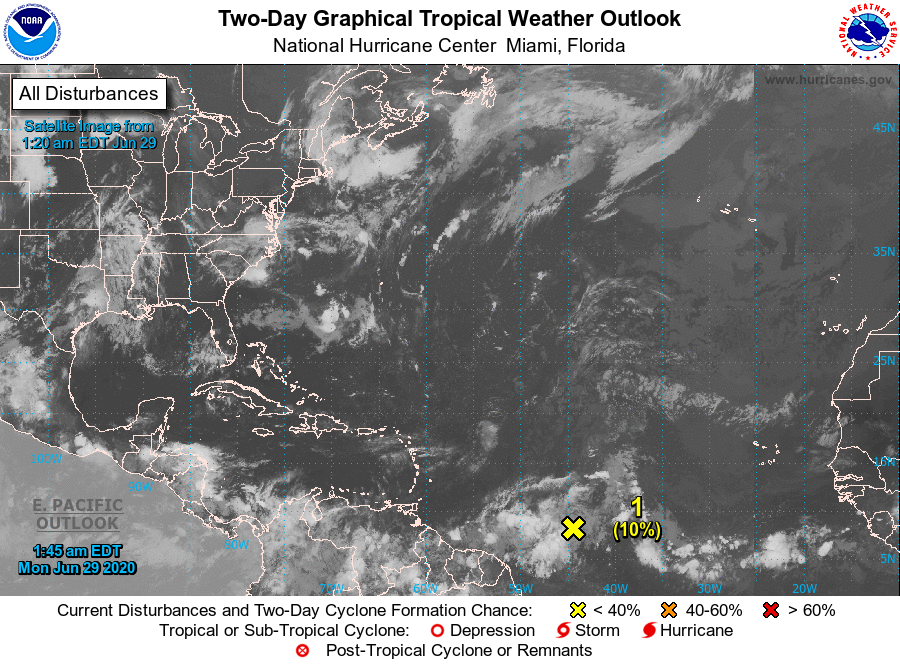
For the North Atlantic...Caribbean Sea and the Gulf of Mexico:

1. Shower and thunderstorm activity associated with a tropical wave located over the central tropical Atlantic has increased during the past few hours. Some slight development of the wave is possible during the next day or so while it moves westward to west-northwestward at around 20 mph. Strong upper-level winds are forecast to inhibit further development by mid-week.
* Formation chance through 48 hours...low...10 percent.
* Formation chance through 5 days...low...10 percent.

2. An area of low pressure is forecast to form off of the southeastern coast of the United States on Tuesday. Some development of this system could then occur later this week as it moves generally northeastward well offshore of the east coast of the United States.
* Formation chance through 48 hours...low...near 0 percent.
* Formation chance through 5 days...low...20 percent.

Forecaster Zelinsky